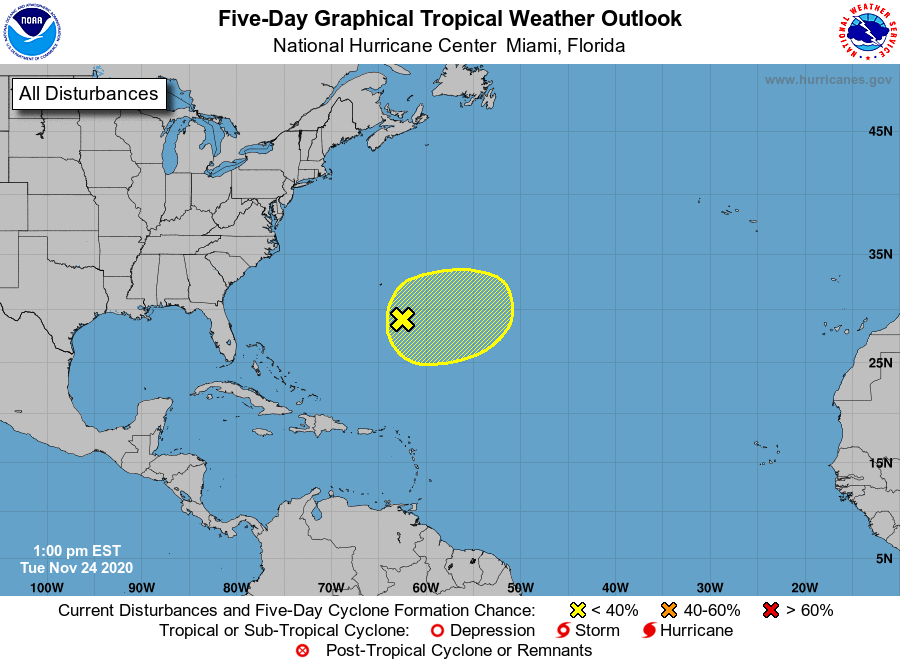
For the North Atlantic...Caribbean Sea and the Gulf of Mexico:

1. A non-tropical area of low pressure located a couple of hundred miles south-southeast of Bermuda has merged with a frontal system and is producing gale-force winds, along with showers and thunderstorms to the east of its center. By Thursday, the system could become separated from the front, allowing it to possibly develop some subtropical characteristics later this week while it meanders over the central Atlantic. For more information on this system, see the High Seas Forecasts issued by the National Weather Service.
* Formation chance through 48 hours...low...10 percent.
* Formation chance through 5 days...low...30 percent.

High Seas Forecasts issued by the National Weather Service can be found under AWIPS header NFDHSFAT1, WMO header FZNT01 KWBC, and online at ocean.weather.gov/shtml/NFDHSFAT1.php

Forecaster Reinhart/Beven